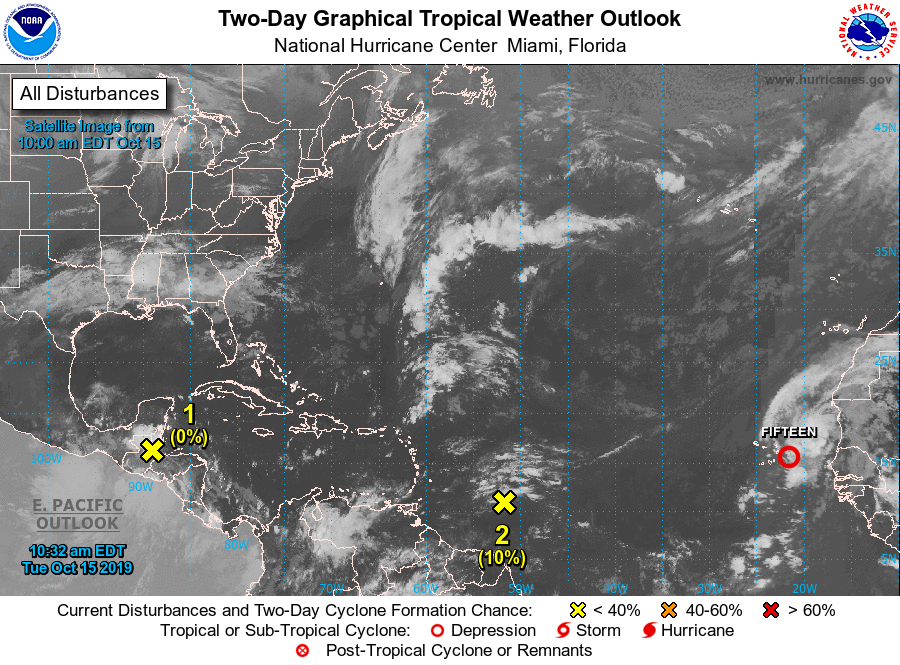
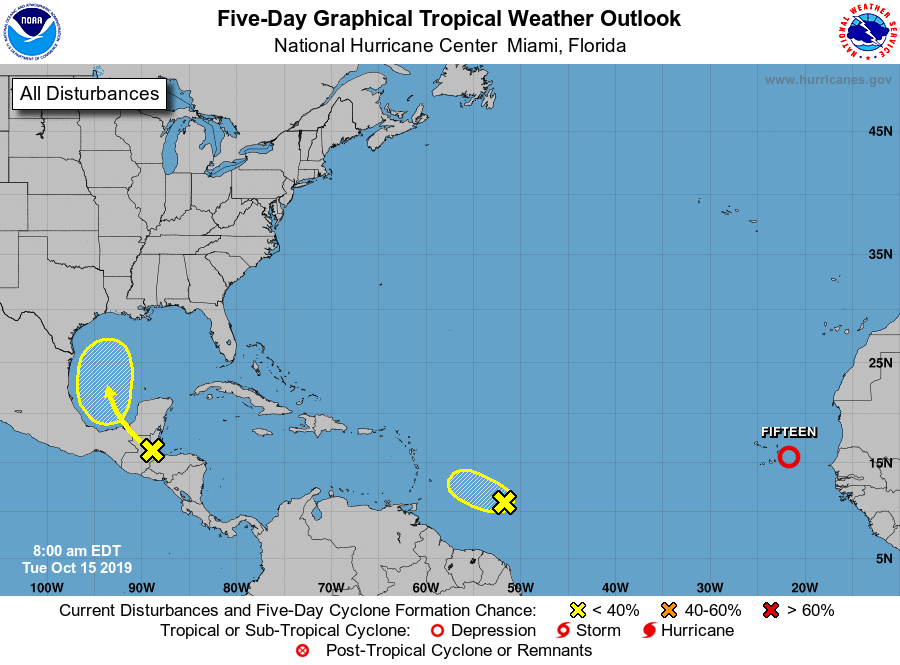
For the North Atlantic...Caribbean Sea and the Gulf of Mexico:

The National Hurricane Center is issuing advisories on Tropical Depression Fifteen, located a couple hundred miles east of the Cabo Verde Islands.

1. A trough of low pressure is producing small area of showers and thunderstorms over the southern Yucatan peninsula, Belize, and northern Guatemala. This disturbance and another tropical system over the eastern Pacific Ocean are expected to produce heavy rains across a large portion of Central America during the next couple of days, which could cause flooding and mudslides, especially in mountainous areas. By late Wednesday, the disturbance is forecast to emerge over the Bay of Campeche and gradually turn northward. Environmental conditions could become a little more conducive for some development towards the end of the week when the system is located over the western Gulf of Mexico.
* Formation chance through 48 hours...low...near 0 percent.
* Formation chance through 5 days...low...30 percent.

2. A tropical wave located more than 500 miles east of the southern Windward Islands continues to produce disorganized showers and thunderstorms. Upper-level winds are expected to become increasingly hostile over the system, and significant development of this system appears unlikely while the disturbance moves westward at 15 to 20 mph.
* Formation chance through 48 hours...low...10 percent.
* Formation chance through 5 days...low...10 percent.

Public Advisories on Tropical Depression Fifteen are issued under WMO header WTNT35 KNHC and under AWIPS header MIATCPAT5. Forecast/Advisories on Tropical Depression Fifteen are issued under WMO header WTNT25 KNHC and under AWIPS header MIATCMAT5.

Forecaster Stewart